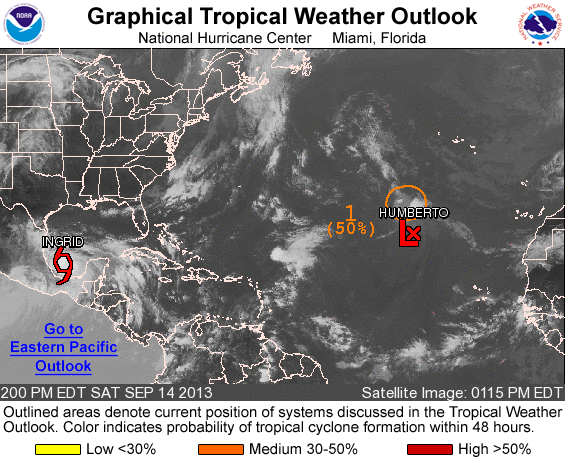
FOR THE NORTH ATLANTIC...CARIBBEAN SEA AND THE GULF OF MEXICO...

THE NATIONAL HURRICANE CENTER IS ISSUING ADVISORIES ON TROPICAL STORM INGRID LOCATED OVER THE SOUTHWESTERN GULF OF MEXICO.

1. ALTHOUGH THE NATIONAL HURRICANE CENTER HAS ISSUED THE LAST ADVISORY ON POST-TROPICAL CYCLONE HUMBERTO IN THE EAST-CENTRAL ATLANTIC THIS MORNING...CONDITIONS COULD BECOME FAVORABLE FOR REGENERATION DURING THE NEXT DAY OR TWO. THIS SYSTEM HAS A MEDIUM CHANCE...50 PERCENT...OF BECOMING A TROPICAL CYCLONE AGAIN DURING THE NEXT 48 HOURS...AND A HIGH CHANCE...70 PERCENT...OF BECOMING A TROPICAL CYCLONE IN FIVE DAYS AS THE DISTURBANCE REACHES WARMER WATERS.

FIVE-DAY FORMATION PROBABILITIES ARE EXPERIMENTAL IN 2013. COMMENTS ON THE EXPERIMENTAL FORECASTS CAN BE PROVIDED AT...

HTTP://WWW.NWS.NOAA.GOV/SURVEY/NWS-SURVEY.PHP?CODE=ETWO

FORECASTER AVILA